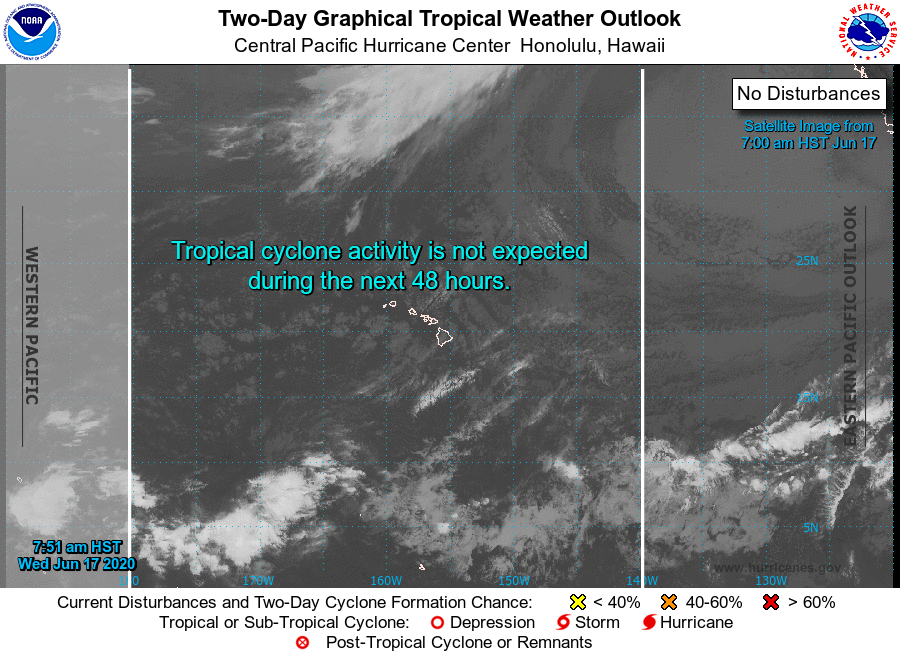
For the central North Pacific...between 140W and 180W:

No tropical cyclones are expected during the next 5 days.

Forecaster Foster